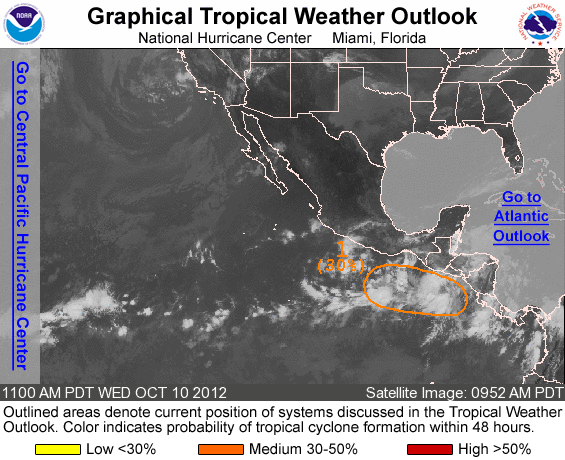
FOR THE EASTERN NORTH PACIFIC...EAST OF 140 DEGREES WEST LONGITUDE..

1. SHOWERS AND THUNDERSTORMS REMAIN DISORGANIZED IN ASSOCIATION WITH A TROUGH OF LOW PRESSURE THAT EXTENDS OFFSHORE OF THE COAST OF CENTRAL AMERICA AND SOUTHERN MEXICO FOR SEVERAL HUNDRED MILES. CONDITIONS APPEAR CONDUCIVE FOR SOME GRADUAL DEVELOPMENT OF THIS SYSTEM DURING THE NEXT FEW DAYS AS IT MOVES SLOWLY WESTWARD. THIS SYSTEM HAS A MEDIUM CHANCE...30 PERCENT...OF BECOMING A TROPICAL CYCLONE DURING THE NEXT 48 HOURS.

ELSEWHERE...TROPICAL CYCLONE FORMATION IS NOT EXPECTED DURING THE NEXT 48 HOURS.

FORECASTER BRENNAN